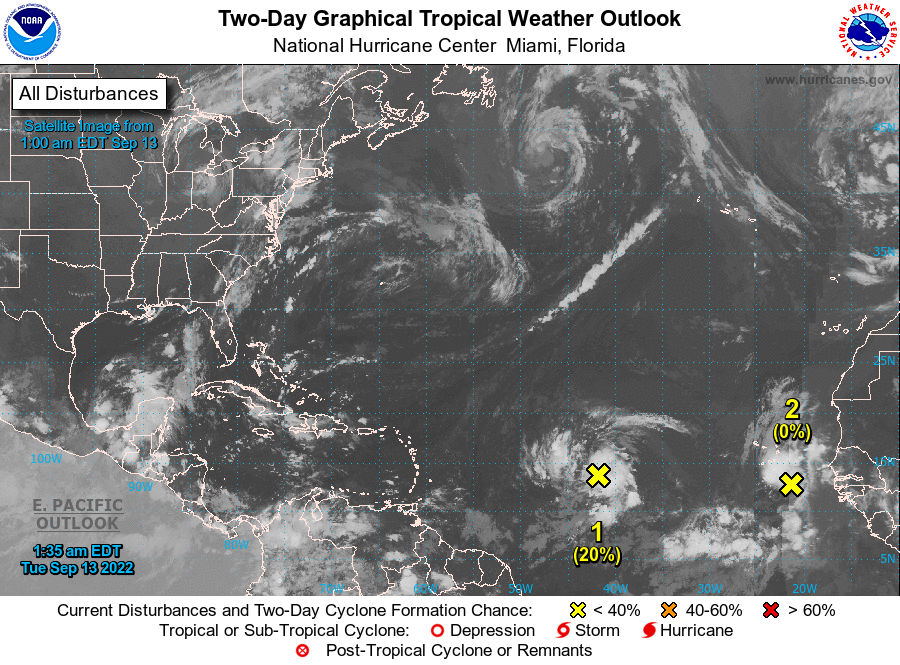
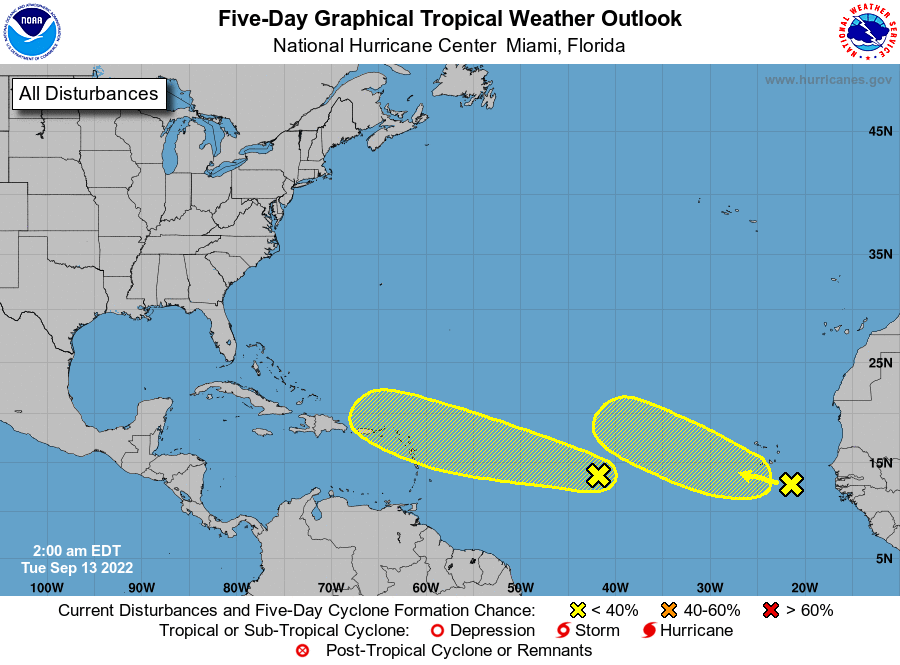
For the North Atlantic...Caribbean Sea and the Gulf of Mexico:

1. Central Tropical Atlantic: A tropical wave located roughly midway between the west coast of Africa and the Windward Islands continues to produce a concentrated area of showers and thunderstorms. Additional development of this system is possible over the next several days while it moves generally westward to west-northwestward over the central tropical Atlantic and approaches the Windward Islands by the end of the week.
* Formation chance through 48 hours...low...20 percent.
* Formation chance through 5 days...low...30 percent.

2. Eastern Tropical Atlantic: A tropical wave located about a hundred miles southeast of the easternmost Cabo Verde Islands is producing an area of disorganized showers and thunderstorms. Environmental conditions appear only marginally favorable, and any development of this system should be slow to occur while it moves westward or west-northwestward across the eastern tropical Atlantic through the end of the week.
* Formation chance through 48 hours...low...near 0 percent.
* Formation chance through 5 days...low...20 percent.

Forecaster Papin